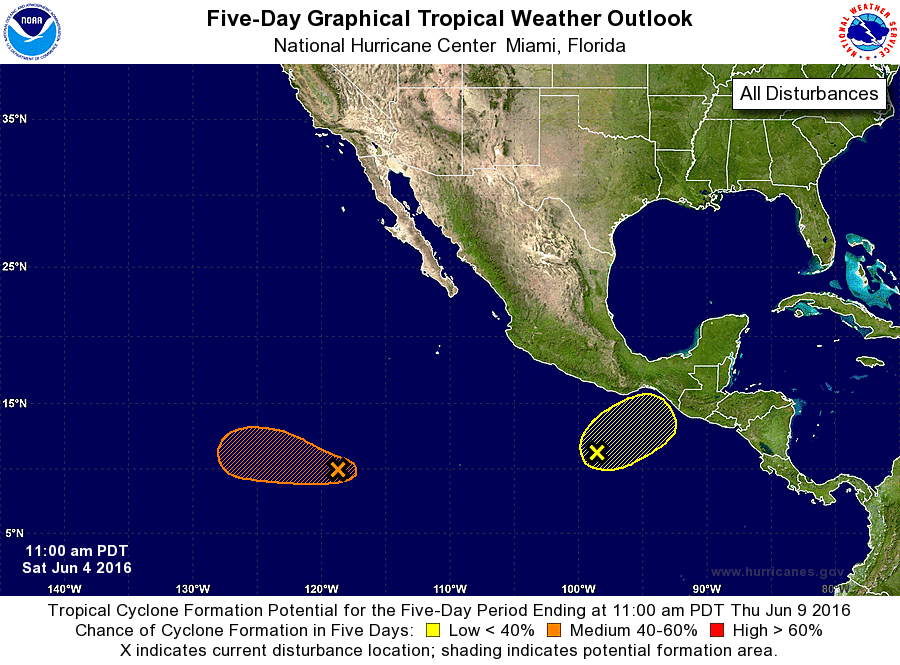
For the eastern North Pacific...east of 140 degrees west longitude:

1. An area of low pressure located about 1100 miles south-southwest of the southern tip of the Baja California peninsula is moving westward at 10 to 15 mph. Although the associated showers and thunderstorms have increased, the circulation of the system is elongated and the center is not well defined. Some development of this system is still possible and a tropical depression could form during the next couple of days while the low continues westward. After that time, environmental conditions are expected to become less conducive for development.
* Formation chance through 48 hours...medium...50 percent
* Formation chance through 5 days...medium...50 percent

2. An area of disturbed weather has formed several hundred miles south- southeast of Acapulco, Mexico. Some gradual development of this system is possible during the next few days while it moves slowly northeastward. Regardless of development, locally heavy rains are likely later this weekend and early next week over portions of southern Mexico and Guatemala.
* Formation chance through 48 hours...low...10 percent
* Formation chance through 5 days...low...20 percent

Forecaster Cangialosi